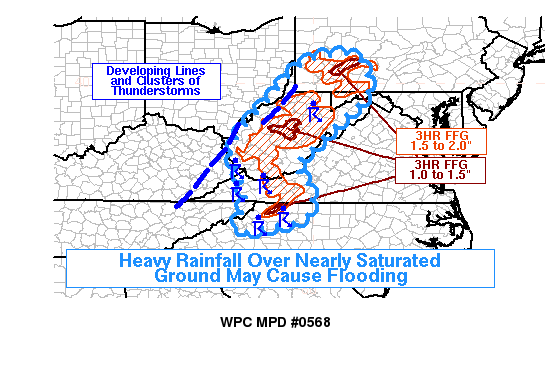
Areas affected...Central Appalachians

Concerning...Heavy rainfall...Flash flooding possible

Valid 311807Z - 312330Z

Summary...Thunderstorms were continuing to develop across the
central Appalachians. These storms were beginning to reach areas
that have received moderate to heavy rainfall in the past 24
hours, and thus may be more prone to flooding. Rain rates could
reach 1-2 in/hr, with flash flooding possible, from southwest
Pennsylvania, into West Virginia, and then the mountains of
western Virginia and northwestern North Carolina.

Discussion...Regional radars showed several lines and clusters of
thunderstorms continuing to develop across the central
Appalachians region. These storms were generally increasing in
coverage and intensity per GOES-16 IR channel trends (cooling
cloud tops) and increasing lightning activity. The convection was
just beginning to advance into areas of reduced FFG (for 3hr,
generally less than 2 inches). Although these values may not be
perfectly representative for every basin, they do indicate an
overall trend for strengthening convection moving into areas that
may be more flood prone.

Although some of the convective lines were oriented roughly
parallel to the 850-300mb mean wind, they were also slowly
advancing east, which may reduce the potential for lengthy periods
of training. Nevertheless, some potential for brief training does
exist, and given the reduced FFG even 1-2 in/hr rain rates could
lead to flash flooding. The environment with moderate instability
(1000 j/kg MLCAPE) and elevated moisture (PW around 1.7-1.8
inches) should support rain rates this high, and they have been
estimated to be that high in localized bands from MRMS and WSR-88D
dual pol rainfall.

Therefore, confidence is not high in a specific, concentrated area
of flash flood potential given a lack of focused training or
backbuilding. However, the rain rates and antecedent conditions
should create the potential of some localized flash flooding this
afternoon in the central Appalachians.